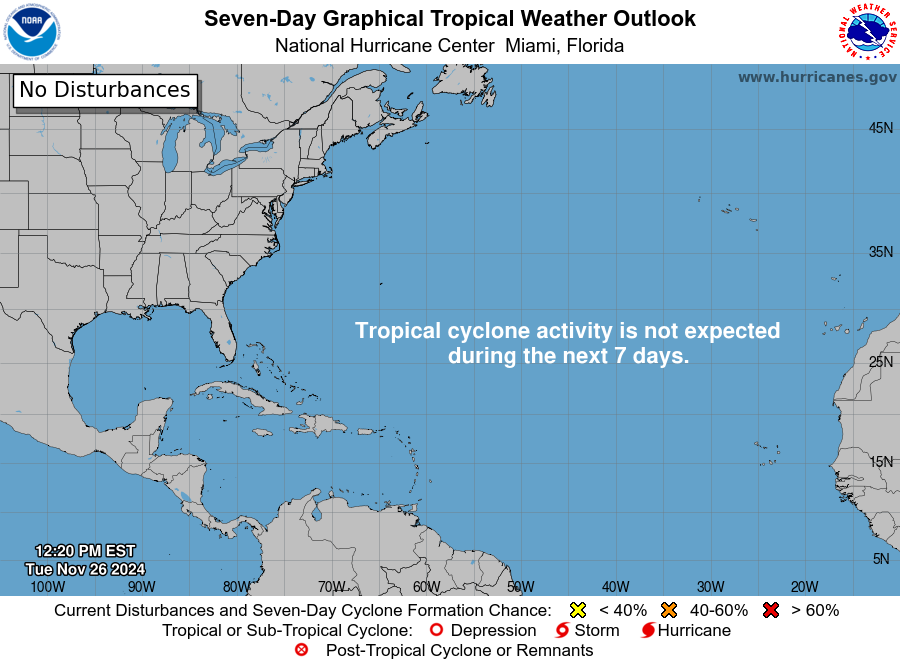
For the North Atlantic...Caribbean Sea and the Gulf of Mexico:

Tropical cyclone formation is not expected during the next 7 days.

Forecaster Bucci